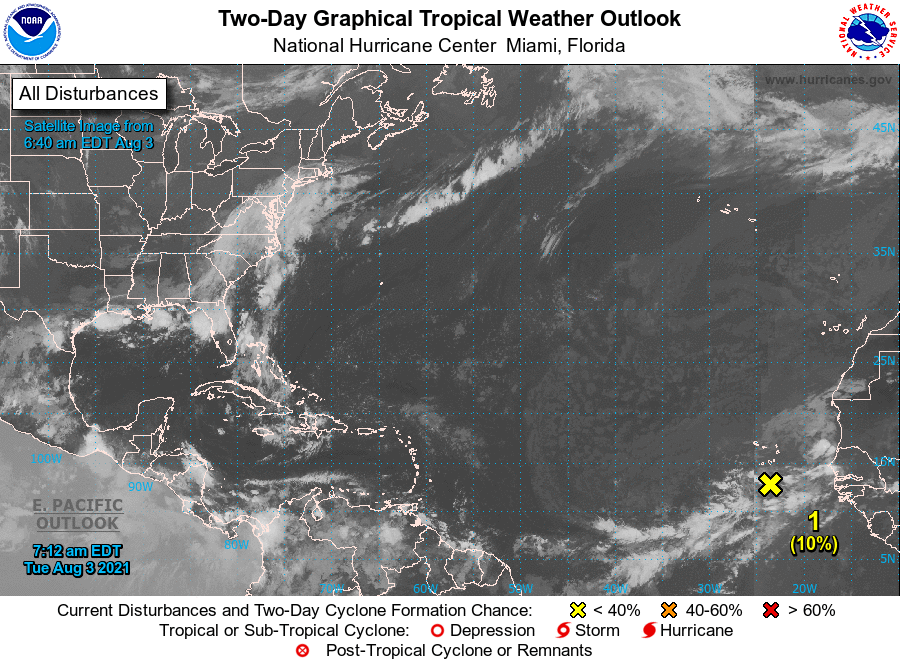
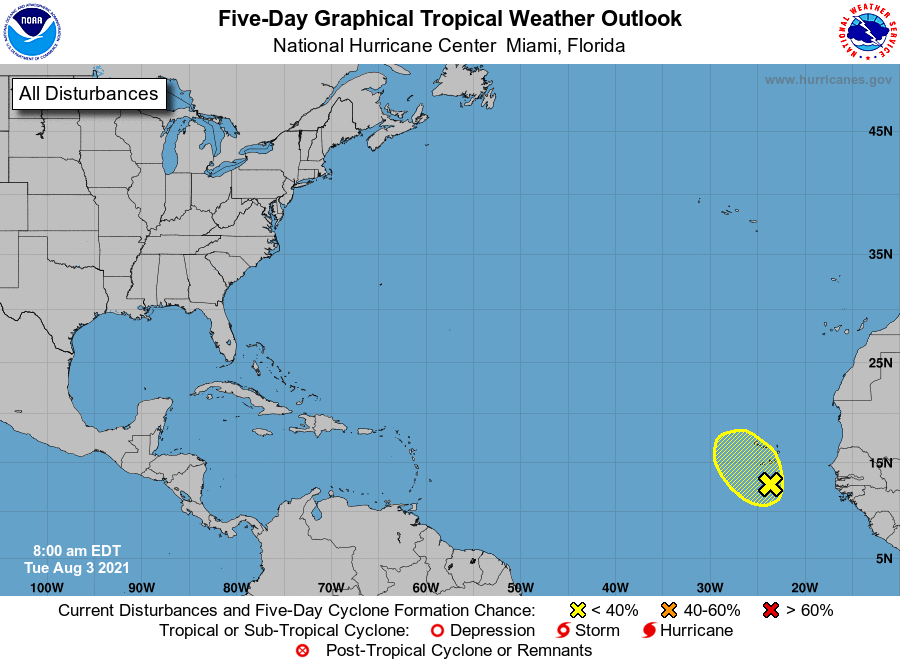
For the North Atlantic...Caribbean Sea and the Gulf of Mexico:

1. A small area of low pressure with a few associated showers and thunderstorms has formed about 120 miles south of Praia in the Cabo Verde Islands. Further development of this system, if any, should be limited during the next day or two while it moves northward or northwestward before the system moves over cooler waters by Thursday. Locally heavy rainfall and gusty winds are possible over portions of the Cabo Verde Islands through Wednesday.
* Formation chance through 48 hours...low...10 percent.
* Formation chance through 5 days...low...10 percent.

Forecaster Blake